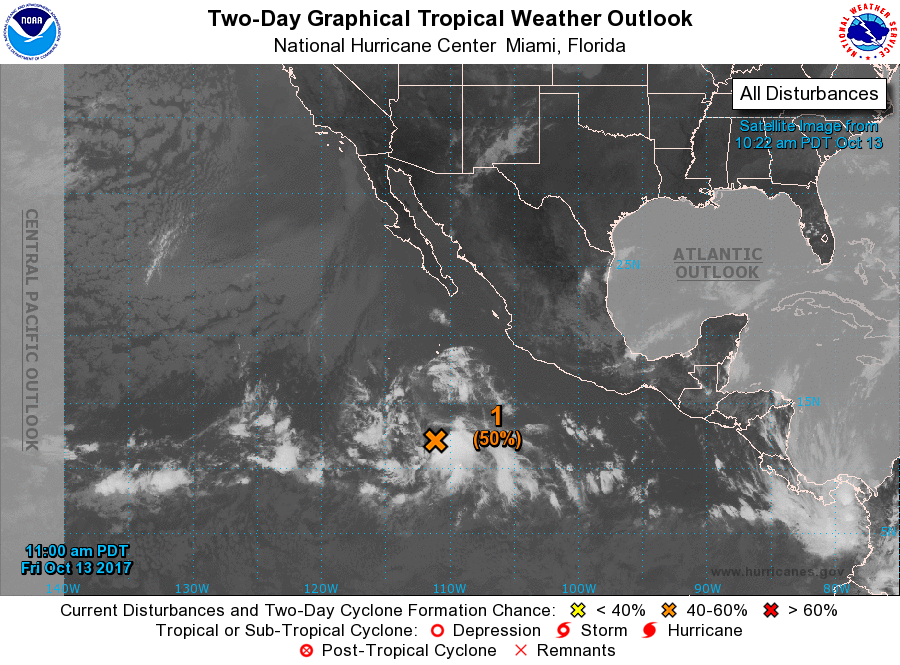
For the eastern North Pacific...east of 140 degrees west longitude:

1. The surface circulation of a nearly stationary low pressure system centered about 750 miles south of the southern tip of the Baja California peninsula has become better defined over the past few hours, however, the associated shower and thunderstorm activity remains disorganized. Some additional development of this system is possible through the next several days, and a tropical depression could form while it begins moving toward the west-northwest at 10 to 15 mph.
* Formation chance through 48 hours...medium...50 percent.
* Formation chance through 5 days...medium...60 percent.

Forecaster Zelinsky